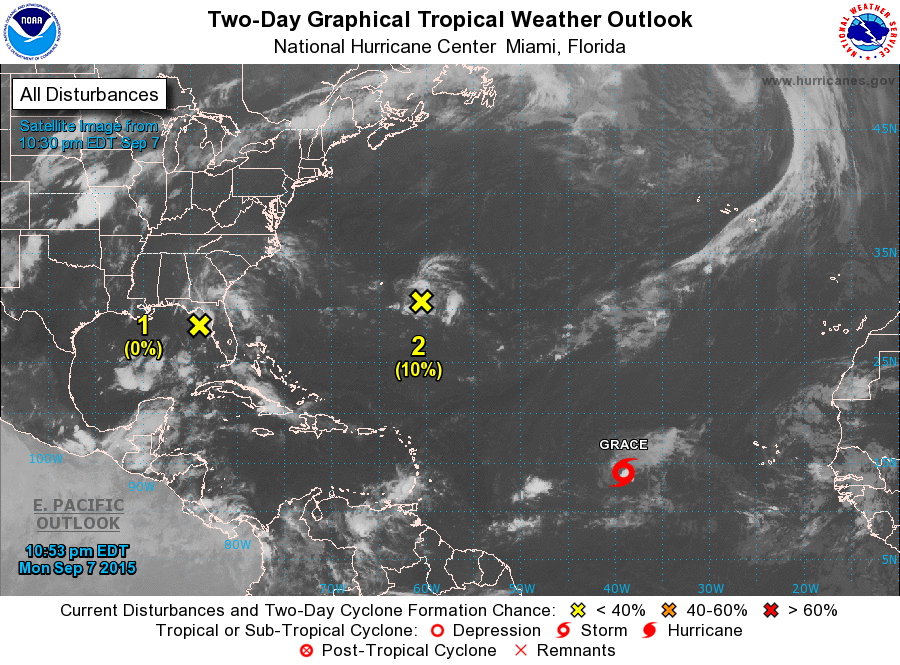
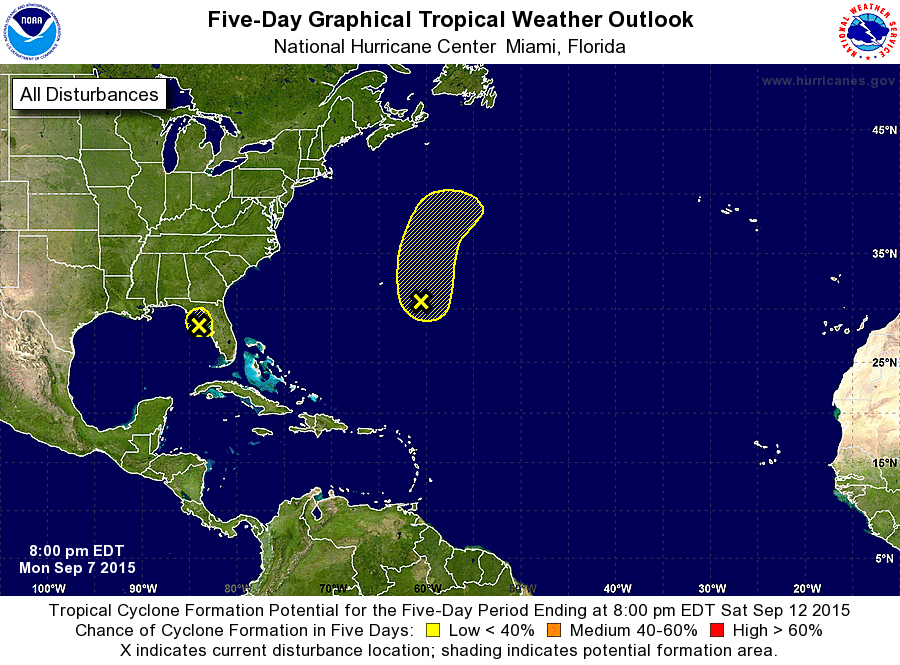
For the North Atlantic...Caribbean Sea and the Gulf of Mexico:

The National Hurricane Center is issuing advisories on Tropical Storm Grace, located several hundred miles west-southwest of the Cape Verde Islands.

1. A weak area of low pressure located over the northeastern Gulf of Mexico about 70 miles southwest of Cedar Key, Florida, is producing disorganized showers and a few thunderstorms. Environmental conditions are very unfavorable due to strong upper-level winds and dry mid-level air, and significant development of this system is not expected while it moves northward to north-northeastward at 10 to 15 mph over the next day or so. However, locally heavy rains are likely over portions of northern Florida and southeastern Georgia through Tuesday as the disturbance moves across those areas.
* Formation chance through 48 hours...low...near 0 percent
* Formation chance through 5 days...low...near 0 percent

2. A concentrated area of cloudiness and showers has developed over the central Atlantic about 250 miles east-southeast of Bermuda. Environmental conditions are expected to become somewhat favorable for development during the next few days while the system remains nearly stationary for the next day or so, and then moves northward at 5 to 10 mph by Wednesday.
* Formation chance through 48 hours...low...10 percent
* Formation chance through 5 days...low...20 percent

Forecaster Stewart